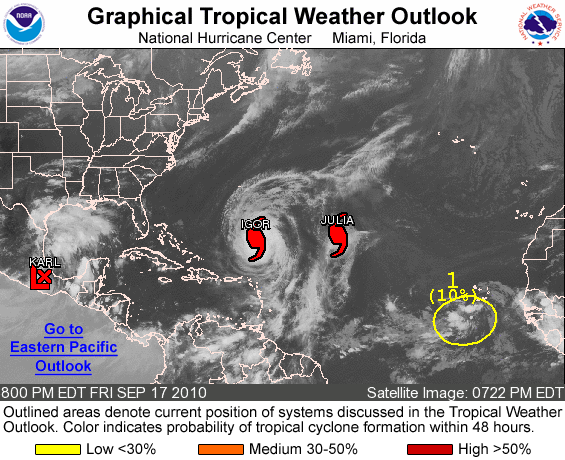
FOR THE NORTH ATLANTIC...CARIBBEAN SEA AND THE GULF OF MEXICO...

THE NATIONAL HURRICANE CENTER IS ISSUING ADVISORIES ON HURRICANE IGOR...LOCATED ABOUT 600 MILES SOUTH-SOUTHEAST OF BERMUDA...ON HURRICANE JULIA...LOCATED ABOUT 1525 MILES WEST-SOUTHWEST OF THE AZORES ...AND ON TROPICAL STORM KARL...LOCATED INLAND OVER SOUTH CENTRAL MEXICO ABOUT 75 MILES EAST OF PUEBLA.

1. A BROAD LOW PRESSURE SYSTEM LOCATED ABOUT 225 MILES SOUTHWEST OF THE CAPE VERDE ISLANDS IS PRODUCING DISORGANIZED SHOWERS AND THUNDERSTORMS. ENVIRONMENTAL CONDITIONS APPEAR SOMEWHAT CONDUCIVE FOR SOME SLOW DEVELOPMENT OF THIS DISTURBANCE DURING THE NEXT COUPLE OF DAYS AS IT DRIFTS WEST-NORTHWESTWARD. THERE IS A LOW CHANCE...10 PERCENT...OF THIS SYSTEM BECOMING A TROPICAL CYCLONE DURING THE NEXT 48 HOURS.

ELSEWHERE...TROPICAL CYCLONE FORMATION IS NOT EXPECTED DURING THE NEXT 48 HOURS.

FORECASTER STEWART/ROBERTS